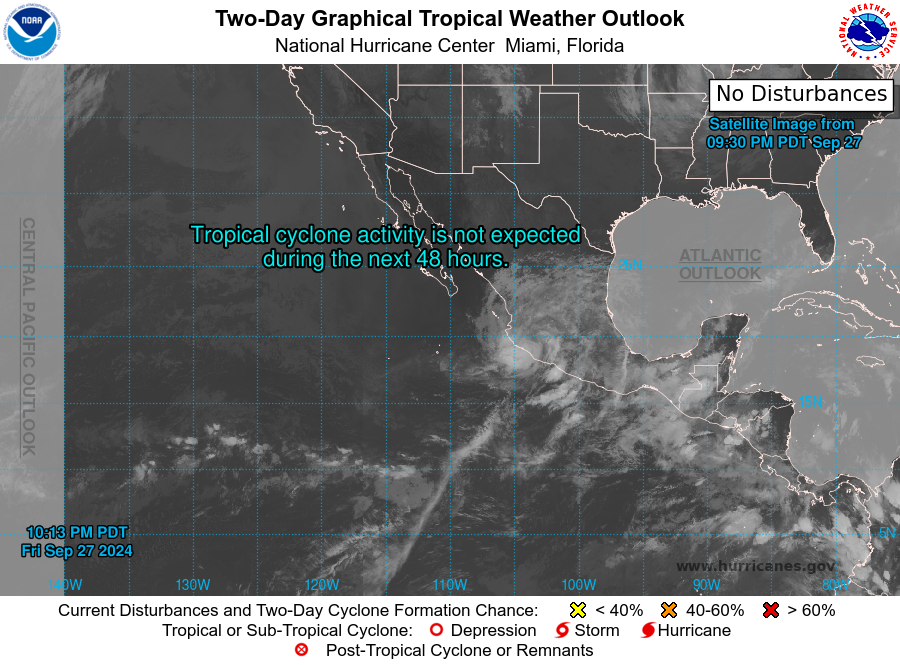
For the eastern North Pacific...east of 140 degrees west longitude:

1. Offshore of the coast of southwestern Mexico: An area of low pressure could form early next week off the coast of southwestern Mexico. Some slow development is possible thereafter while the system drifts generally westward.
* Formation chance through 48 hours...low...near 0 percent.
* Formation chance through 7 days...low...30 percent.

Forecaster Roberts